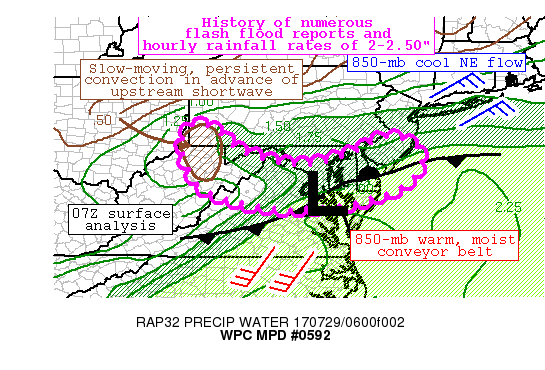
AREAS AFFECTED...SOUTHWESTERN PA/NORTHERN WV/NORTHERN VA/CENTRAL
TO SOUTHERN MD/DC/DE/SOUTHERN NJ...

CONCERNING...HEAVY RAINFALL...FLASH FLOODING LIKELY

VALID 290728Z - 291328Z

SUMMARY...FLASH FLOODING WILL REMAIN LIKELY ACROSS MUCH OF THE MPD
AREA GIVEN SATURATED SOILS AND THE EXPECTATION OF ADDITIONAL HEAVY
RAINFALL OVERNIGHT. THIS SYSTEM HAS A HISTORY OF PRODUCING FLASH
FLOODING CONDITIONS ACROSS THE CENTRAL APPALACHIANS EASTWARD INTO
DC/MD/VA.

DISCUSSION...THE 07Z SURFACE ANALYSIS INDICATED A WAVE OF LOW
PRESSURE MOVING SOUTH OF DC WITH STRONG CONVERGENCE ALONG THE
ATTENDANT FRONTAL BOUNDARIES. WARM/MOIST AIR CONTINUES TO SURGE
POLEWARD IN ADVANCE OF THIS CYCLONE PUMPING 2 TO 2.25 INCH PWAT
VALUES INTO THE DELMARVA REGION. WIDESPREAD WARM-TOPPED CONVECTION
CONTINUES GENERALLY ALONG AND NORTH OF THE STATIONARY BOUNDARY
EXTENDING FROM SOUTHERN MD INTO SOUTHERN DE/NJ. INTENSE HOURLY
RAINFALL RATES WERE OBSERVED IN THE PROXIMITY OF BALTIMORE MD WITH
2 TO 2.50 INCHES ON THE MESONET. A DISTINCT DRY SLOT IS SEEN ON
RADAR/EXPERIMENTAL GOES-16 SATELLITE IMAGERY WHICH SHOULD AFFORD A
BREAK FROM THE ACTION FROM DC WESTWARD INTO MUCH OF MD AND
NORTHERN VA. FARTHER UPSTREAM...A PERSISTENT CONVECTIVE CLUSTER
HAS CONTINUED TO PRODUCE A NUMBER OF FLASH FLOODS ACROSS WESTERN
PA/NORTHERN WV. THIS IS IN RESPONSE TO FORCING WITH A SLOW MOVING
UPPER TROUGH CURRENTLY ABOUT TO EXIT FAR EASTERN OH. EVENTUALLY
THIS SHOULD SLIDE TOWARD THE SOUTH AND EAST POTENTIALLY MOVING
INTO REGIONS WHICH JUST RECEIVED HEAVY RAINFALL ON FRIDAY.

MANY OF THE HIGH-RESOLUTION MODELS WERE TOO SLOW IN BRINGING THE
DRY SLOT INTO THE DC METRO AREA. AN EVENTUAL LULL IS NOTED IN MOST
OF THE GUIDANCE THOUGH WITH THE 06Z HRRR/03Z EXPERIMENTAL HRRR
BEING MOST IN LINE WITH CURRENT RADAR TRENDS. WHILE THE CENTER OF
THE OUTLINED MPD WILL GENERALLY BE ON THE DRIER SIDE THROUGH
12Z...THINGS COULD PICK UP BY EARLY/MID-MORNING WITH THE
APPROACHING SHORTWAVE.